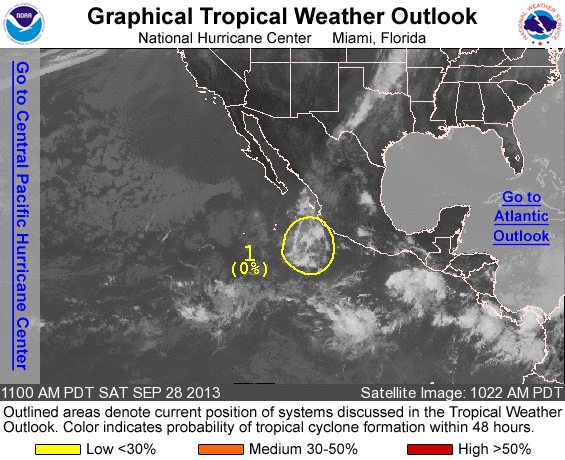
FOR THE EASTERN NORTH PACIFIC...EAST OF 140 DEGREES WEST LONGITUDE..

1. A WEAK AND ELONGATED AREA OF LOW PRESSURE LOCATED OFF OF THE WEST-CENTRAL COAST OF MEXICO CONTINUES TO PRODUCE ONLY LIMITED SHOWER AND THUNDERSTORM ACTIVITY. ENVIRONMENTAL CONDITIONS ARE EXPECTED TO BECOME LESS CONDUCIVE FOR DEVELOPMENT DURING THE NEXT COUPLE OF DAYS...AND THE POTENTIAL FOR TROPICAL CYCLONE FORMATION APPEARS TO BE DECREASING. THIS SYSTEM HAS A LOW CHANCE...NEAR 0 PERCENT...OF BECOMING A TROPICAL CYCLONE DURING THE NEXT 48 HOURS AND A LOW CHANCE...NEAR 0 PERCENT...OF BECOMING A TROPICAL CYCLONE DURING THE NEXT 5 DAYS WHILE MOVING GENERALLY WESTWARD AT 5 TO 10 MPH.

FIVE-DAY FORMATION PROBABILITIES ARE EXPERIMENTAL IN 2013. COMMENTS ON THE EXPERIMENTAL FORECASTS CAN BE PROVIDED AT...

HTTP://WWW.NWS.NOAA.GOV/SURVEY/NWS-SURVEY.PHP?CODE=ETWO

FORECASTER BEVEN